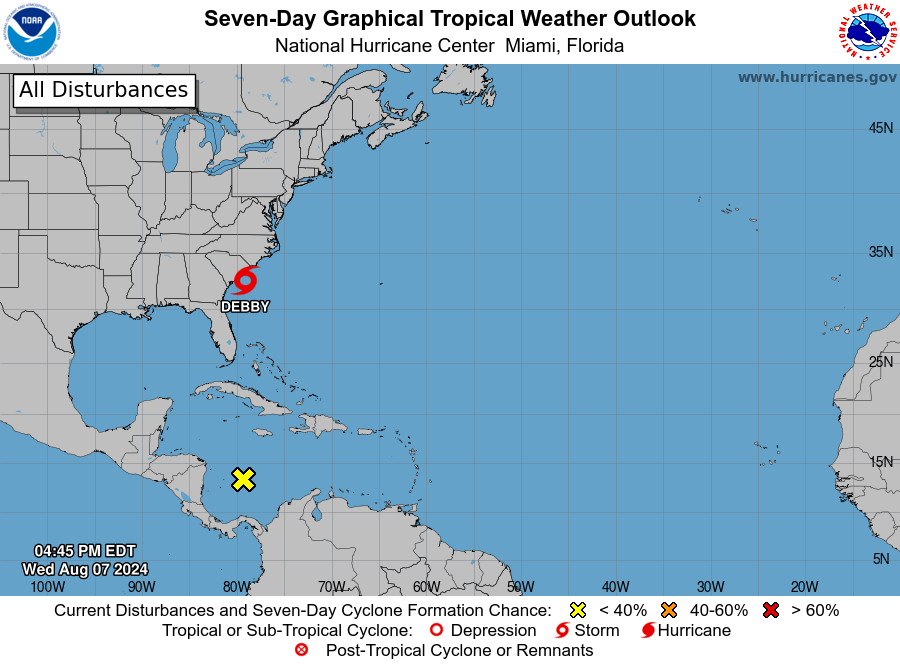
For the North Atlantic...Caribbean Sea and the Gulf of Mexico:

Active Systems: The National Hurricane Center is issuing advisories on Tropical Storm Debby, located just offshore of the South Carolina coastline.

1. Western Caribbean Sea: A tropical wave located over the southwestern Caribbean Sea is producing some disorganized showers and thunderstorms. The wave is forecast to move westward and inland over Central America during the next day or two, and development of this system is not expected.
* Formation chance through 48 hours...low...near 0 percent.
* Formation chance through 7 days...low...near 0 percent.

Forecaster Reinhart